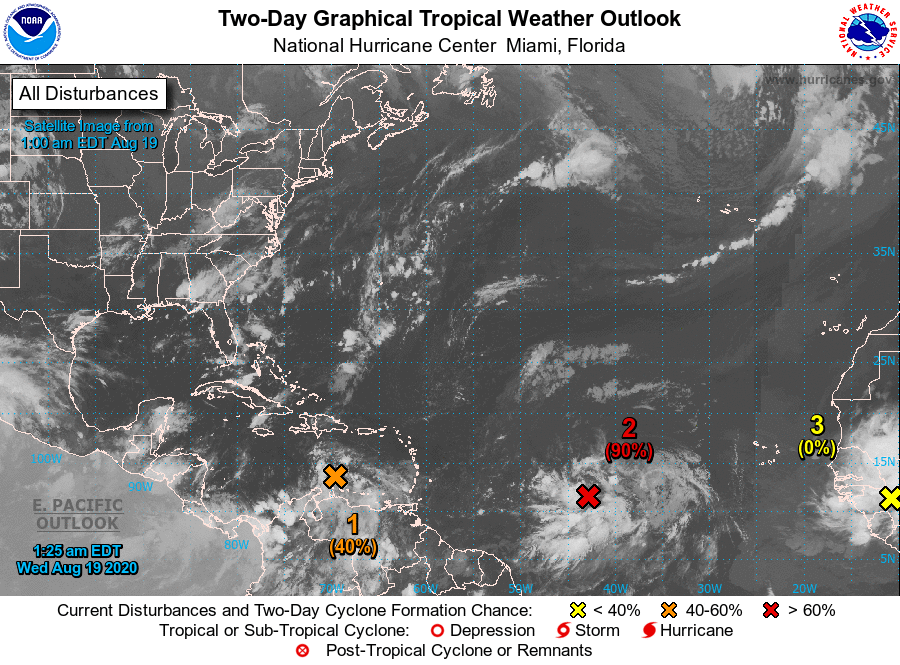
For the North Atlantic...Caribbean Sea and the Gulf of Mexico:

1. A tropical wave located over the eastern Caribbean Sea is producing disorganized showers and thunderstorms, along with gusty winds in these thunderstorms. Significant development of this system is unlikely during the next day or so while it moves quickly westward at about 20 mph across the eastern and central Caribbean Sea. After that time, however, the wave is forecast to move more slowly west-northwestward, and a tropical depression is likely to form late this week or this weekend when the system reaches the northwestern Caribbean Sea.
* Formation chance through 48 hours...medium...40 percent.
* Formation chance through 5 days...high...80 percent.

2. An elongated area of low pressure, located a little over 1000 miles east of the Windward Islands continues to produce a concentrated area of showers and thunderstorms mainly on the west side of the disturbance. Environmental conditions are conducive for further development, and a tropical depression is expected to form during the next day or two while the system moves generally west-northwestward at 15 to 20 mph across the central and western portions of the tropical Atlantic.
* Formation chance through 48 hours...high...90 percent.
* Formation chance through 5 days...high...90 percent.

3. A large area of showers and thunderstorms, located over Guinea, Africa, is associated with a vigorous tropical wave. Environmental conditions are expected to be marginally conducive for some development of this system while the wave enters the extreme eastern Atlantic on Friday. By early next week, however, conditions are forecast to become less favorable for tropical cyclone formation while it moves west-northwestward at 15 to 20 mph toward the central tropical Atlantic.
* Formation chance through 48 hours...low...near 0 percent.
* Formation chance through 5 days...low...20 percent.

Forecaster Roberts